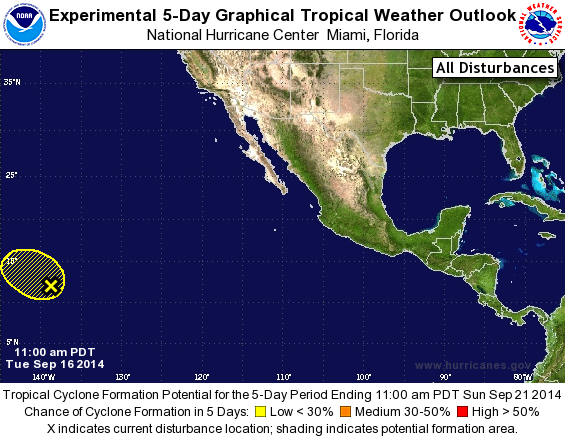
For the eastern North Pacific...east of 140 degrees west longitude:

The National Hurricane Center is issuing advisories on Tropical Storm Odile, located near the east-central coast of the Baja California peninsula, and on Tropical Storm Polo, located a few hundred miles south of Acapulco, Mexico.

1. Cloudiness and thunderstorms associated with a small area of low pressure located about 1200 miles east-southeast of the Big Island of Hawaii have become less organized during the past several hours. Any development of this system is expected to be slow to occur over the next several days while it moves west-northwestward or northwestward.
* Formation chance through 48 hours...low...10 percent.
* Formation chance through 5 days...low...20 percent.

Public Advisories on Tropical Storm Polo are issued under WMO header WTPZ32 KNHC and under AWIPS header MIATCPEP2. Forecast/Advisories on Tropical Storm Polo are issued under WMO header WTPZ22 KNHC and under AWIPS header MIATCMEP2.

Forecaster Blake